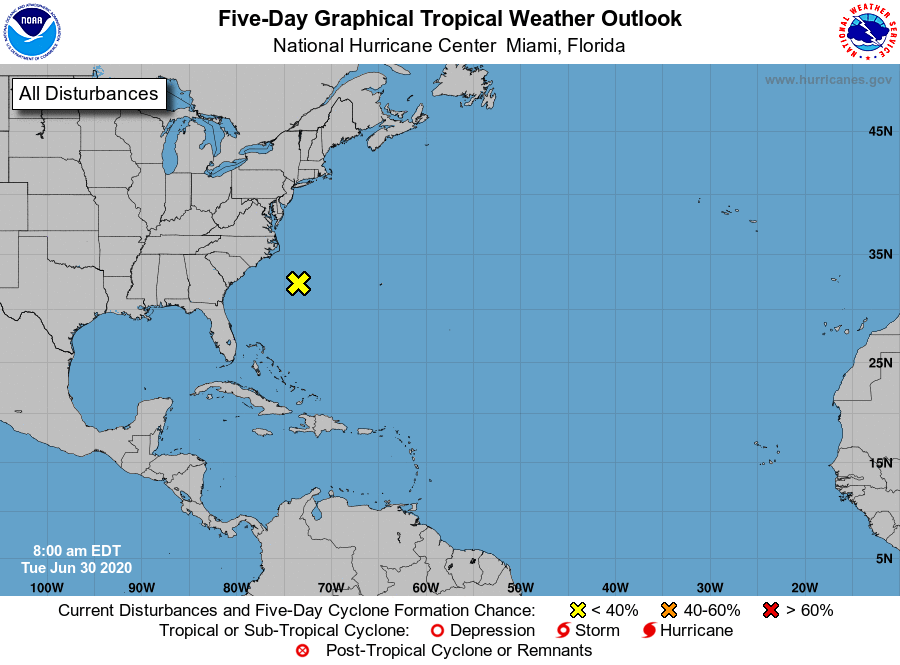
For the North Atlantic...Caribbean Sea and the Gulf of Mexico:

1. A trough of low pressure is located off the coast of North Carolina. Significant development of this system is not anticipated while it moves generally northeastward, away from the east coast of the United States, and merges with a frontal boundary.
* Formation chance through 48 hours...low...near 0 percent.
* Formation chance through 5 days...low...near 0 percent.

Forecaster Pasch